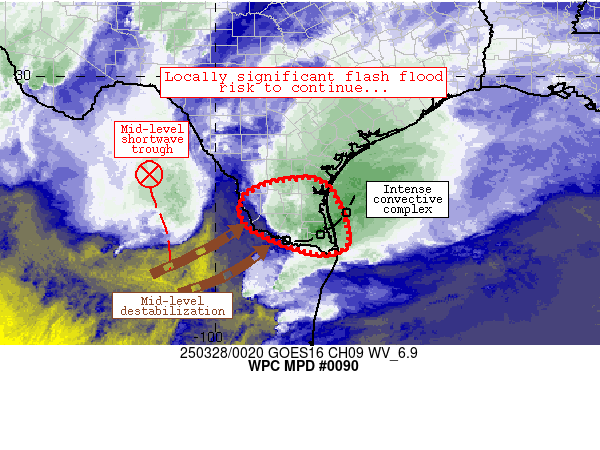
Areas affected...south Texas

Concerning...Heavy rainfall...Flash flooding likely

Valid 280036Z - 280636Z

Summary...Locally significant flash flood potential should
continue through 06Z/1am CDT.

Discussion...A very slow-moving cluster of deep, intense
convection continues to make progress across Deep South Texas
while producing multiple hours of 1-3 inch/hr rain rates.  These
rates have falling in populated areas near McAllen and Harlingen,
prompting significant impacts.

Radar mosaic imagery indicates the leading edge of a cold pool
extending from just north of Brownsville west-southwestward along
and just south of the Rio Grande River.  Meanwhile, mesoanalyses
and satellite imagery indicate renewed convective development
across portions of northeastern Mexico associated with a mid-level
shortwave trough centered near 27.3N, 101.4W.  Steep lapse rates
aloft were located just west of the ongoing complex and much of
northern Mexico as well.

While the heavy to extreme rain rates currently being observed
just north of Brownsville may shift offshore over the next couple
hours, the combination of a trailing/lingering outflow boundary
near the Rio Grande and upstream ascent/instability from
aforementioned lapse rates should result in a continued threat of
at least elevated convection over the next 3-6 hours.  The
heaviest rainfall threat will be modulated by the southward shift
of the outflow boundary - should this boundary drift back to the
north into south Texas, a renewed threat for 2+ inch/hr rain rates
could materialize and raise continued, significant flash flood
potential.  At least areas of 1-2 inch/hr rain rates are expected
with deep convection given the upstream instability and lift -
even with elevated convective activity.  Ground conditions are
inundated with significant impacts being reported amid near-zero
FFGs from Harlingen westward to Rio Grande City.  Additional
rainfall will likely exacerbate those impacts.